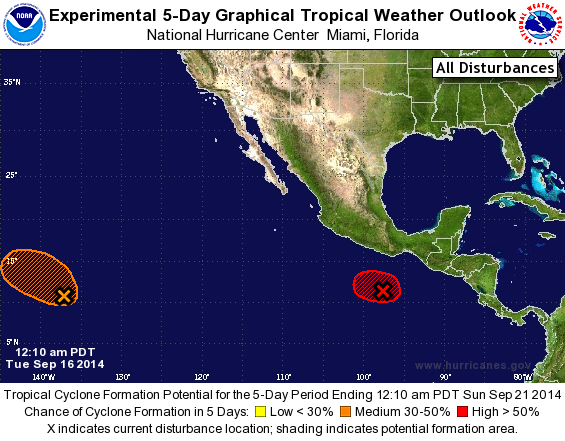
For the eastern North Pacific...east of 140 degrees west longitude:

Special Tropical Weather Outlook issued to update the discussion of the low pressure area south of Mexico.

The National Hurricane Center is issuing advisories on Tropical Storm Odile, located inland over the south-central portion of the Baja California peninsula.

1. Updated: Satellite wind data indicate that the area of low pressure located about 400 miles south-southeast of Acapulco, Mexico, has become better defined, and is producing winds to tropical storm force. The associated thunderstorm activity has also become better organized during the past couple of hours, and tropical storm advisories will be initiated at 2 AM PDT this morning. The system is forecast to move west-northwestward to northwestward at about 10 mph during the next few days. Interests along the coast of southern Mexico should monitor the progress of this system.
* Formation chance through 48 hours...high...near 100 percent.
* Formation chance through 5 days...high...near 100 percent.

2. Cloudiness and thunderstorms associated with a small area of low pressure located about 1300 miles east-southeast of the Big Island of Hawaii have changed little in organization this evening. Some gradual development of this system is possible during the next several days while the low moves slowly west-northwestward or northwestward.
* Formation chance through 48 hours...low...20 percent.
* Formation chance through 5 days...medium...30 percent.

Forecaster Brown